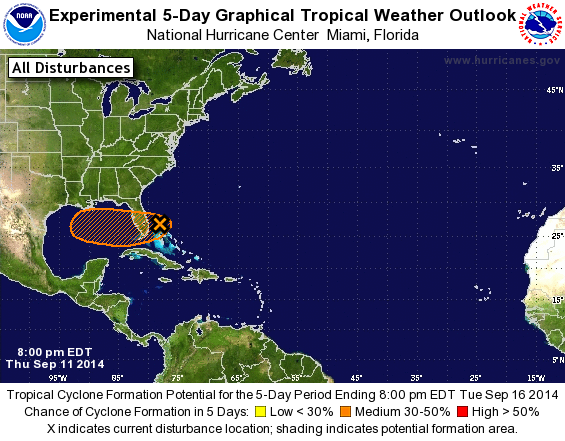
For the North Atlantic...Caribbean Sea and the Gulf of Mexico:

The National Hurricane Center is issuing advisories on Tropical Depression Six, located several hundred miles west of the Cape Verde Islands.

1. Satellite, radar and surface observations show that the area of low pressure centered over the northwestern Bahamas is moving slowly west-southwestward toward southern Florida. The shower activity associated with the low has not become any better organized during the past few hours, and strong upper-level winds as well as the interaction with the Florida peninsula will likely inhibit development tonight and Friday. Once the low moves westward over the southeastern Gulf of Mexico during the weekend, conditions could become a little more conducive for tropical cyclone formation. Regardless of development, this low will bring locally heavy rains to portions of southern Florida and the Florida Keys during the next couple of days.
* Formation chance through 48 hours...low...20 percent.
* Formation chance through 5 days...medium...40 percent.

Public Advisories on Tropical Depression Six are issued under WMO header WTNT31 KNHC and under AWIPS header MIATCPAT1. Forecast/Advisories on Tropical Depression Six are issued under WMO header WTNT21 KNHC and under AWIPS header MIATCMAT1.

Forecaster Avila